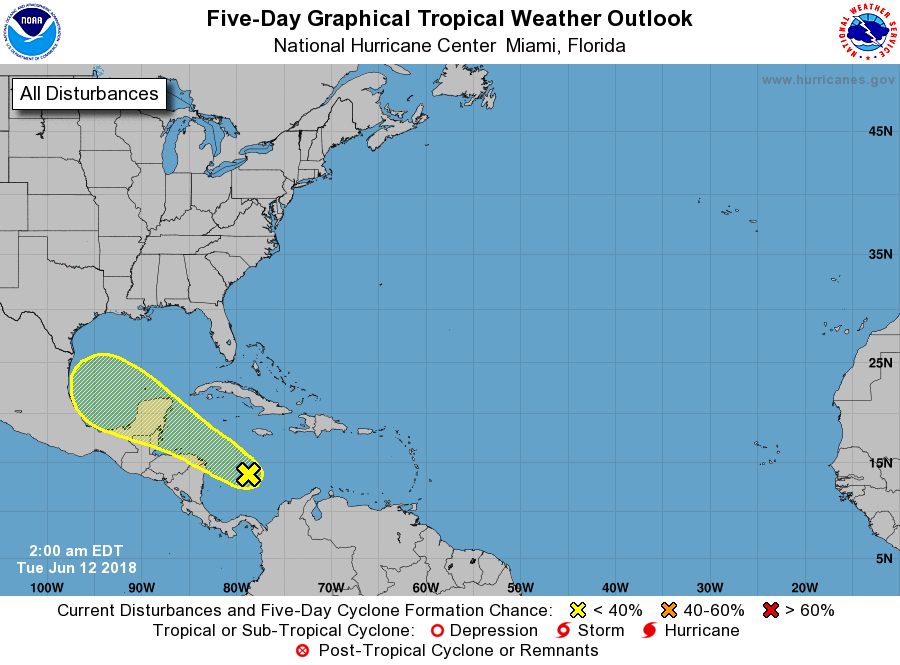
For the North Atlantic...Caribbean Sea and the Gulf of Mexico:

1. A large area of disorganized showers and thunderstorms over the western Caribbean Sea is associated with a trough of low pressure. This area of disturbed weather is expected to move westward to northwestward over Central America and the Yucatan Peninsula during the next couple of days and little, if any, development is expected during that time. Environmental conditions could become slightly conducive for some development when the system moves into the southwestern Gulf of Mexico by the end of the week. Regardless of development, this disturbance will likely produce locally heavy rainfall across portions of Nicaragua, Honduras, Belize, Guatemala, and the Yucatan Peninsula through Thursday.
* Formation chance through 48 hours...low...10 percent.
* Formation chance through 5 days...low...20 percent.

Forecaster Pasch